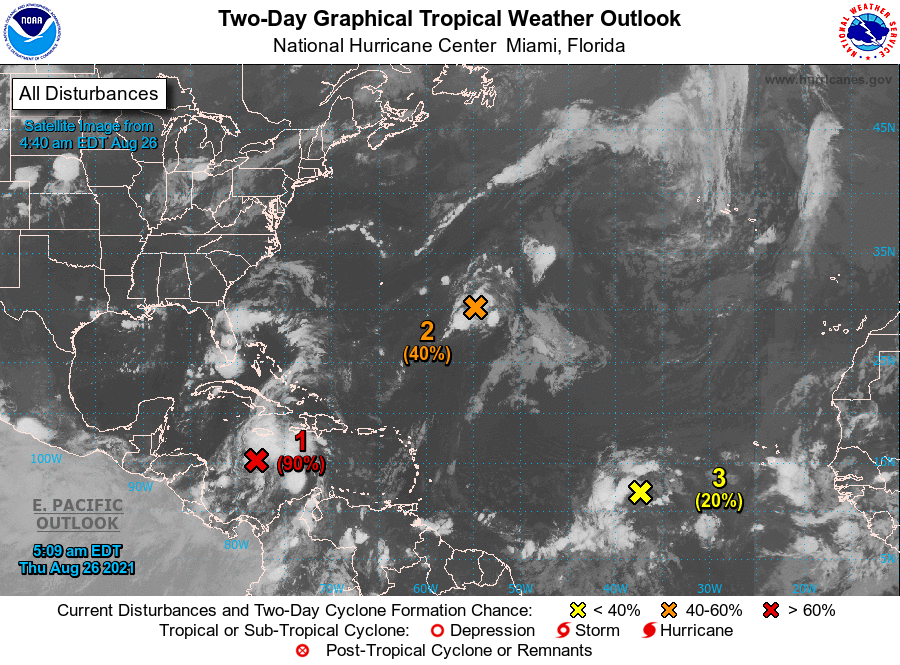
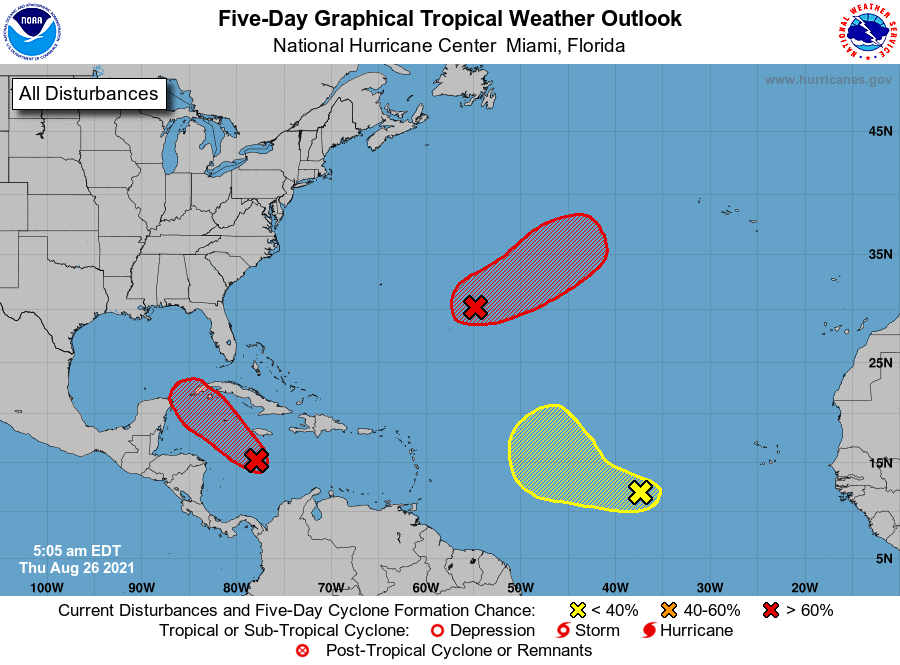
For the North Atlantic...Caribbean Sea and the Gulf of Mexico:

Special tropical weather outlook issued to update the discussion of the system south of Jamaica.

1. Updated: Shower and thunderstorm activity continues to become better organized in association with a trough of low pressure located less than 200 miles south of Jamaica. Environmental conditions remain conducive for development, and a tropical depression or storm is expected to form later today or tomorrow. This system is forecast to move northwestward over the northwestern Caribbean Sea near the Cayman Islands tonight, near Cuba and the Yucatan Peninsula of Mexico on Friday, and into the Gulf of Mexico this weekend. Given the recent developmental trends, Tropical Storm Warnings for the Cayman Islands and Tropical Storm Watches for western Cuba could be required later today.

Regardless of development, locally heavy rainfall and flooding will be possible over portions of Jamaica and the Cayman Islands today and tonight, and will likely spread across Cuba and the Yucatan Peninsula on Friday. In addition, this system could bring dangerous impacts from storm surge, wind, and heavy rainfall to portions of the coasts of Louisiana, Texas, and the Mexican state of Tamaulipas late this weekend and early next week. However, uncertainty remains large since the system has yet to form. Interests in these areas should closely monitor the progress of this system and ensure they have their hurricane plan in place. An Air Force Reserve reconnaissance aircraft is scheduled to investigate the system later today, if necessary. Additional information on this system, including gale warnings, can be found in High Seas Forecasts issued by the National Weather Service.
* Formation chance through 48 hours...high...90 percent.
* Formation chance through 5 days...high...90 percent.

2. A broad trough of low pressure is producing disorganized showers and thunderstorms over the central tropical Atlantic about 650 miles east-southeast of Bermuda. Environmental conditions are forecast to be generally conducive for development, and a tropical depression is likely to form late this week or this weekend while the system moves slowly northeastward over the central Atlantic.
* Formation chance through 48 hours...medium...40 percent.
* Formation chance through 5 days...high...80 percent.

3. A tropical wave over the far eastern tropical Atlantic located several hundred miles west-southwest of the Cabo Verde Islands is producing disorganized showers and thunderstorms. Some development of this system is possible over the next several days while it moves west-northwestward at 10 to 15 mph over the eastern tropical Atlantic. Upper-level winds are forecast to become less conducive for development by early next week.
* Formation chance through 48 hours...low...20 percent.
* Formation chance through 5 days...low...30 percent.

High Seas Forecasts issued by the National Weather Service can be found under AWIPS header NFDHSFAT1, WMO header FZNT01 KWBC, and online at ocean.weather.gov/shtml/NFDHSFAT1.php

Forecaster Papin/Beven